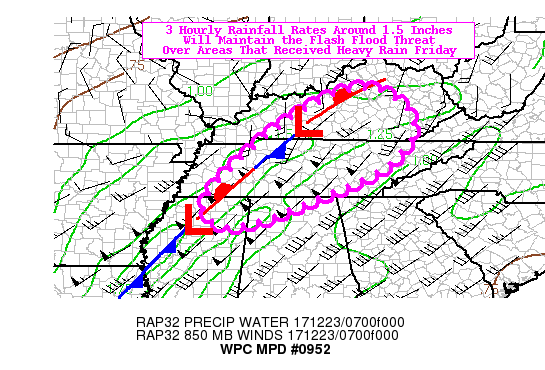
AREAS AFFECTED......NORTHEAST MS...NORTHERN AL...TN...KY...

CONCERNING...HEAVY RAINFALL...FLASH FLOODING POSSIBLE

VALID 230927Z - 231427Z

SUMMARY...ADDITIONAL SHOWERS AND EMBEDDED THUNDERSTORMS WILL
PRODUCE LOCALLY HEAVY RAINFALL EARLY THIS MORNING ACROSS AREAS
WITH LOW FLASH FLOOD GUIDANCE, THEREBY MAINTAINING THE THREAT FOR
FLASH FLOODING THROUGH 14Z.

DISCUSSION...THE LATEST MRMS LOOPS CONTINUE TO SHOW POCKETS OF
HOURLY RAINFALL RATES BETWEEN 0.50-1.00, WITH 3 HOURLY RATES NEAR
1.5 INCHES, ASSOCIATED WITH THE EXPANSIVE AREA OF SHOWERS AND
THUNDERSTORMS. INHIBITING HIGHER RATES CONTINUES TO BE THE
RELATIVE LACK OF DEEP-LAYER INSTABILITY, AS MUCAPES CONTINUE TO
REMAIN BELOW 500 J/KG PER THE LATEST SPC MESOANALYSIS. HELPING TO
OFFSET THE LIMITED CONVECTIVE CONTRIBUTION IS ROBUST SYNOPTIC
SCALE FORCING FOR DEEP LAYER ASCENT, OWING TO THE COUPLED UPPER
LEVEL DYNAMICS VIA NORTHERN AND SOUTHERN STREAM COMPONENTS.

THE VIGOROUS SOUTHERN STREAM WAVE CONTINUES TO SUPPLY RICH
MOISTURE TO THE OUTLOOK AREA, AS LOW-LEVEL SOUTHWESTERLY FLOW
50-55 KTS MAINTAINS HIGHLY ANOMALOUS LOW-LEVEL MOISTURE FLUX INTO
THE FRONTAL ZONE. IN ADDITION, THE LOW-LEVEL MOISTURE CONTRIBUTION
FORM THE WESTERN GULF OF MEXICO ALONG WITH THE SUBTROPICAL
CONNECTION ALOFT FROM SOUTH OF BAJA WILL FAVOR EQUALLY ANOMALOUS
PW VALUES AROUND 1.5 INCHES PRIOR TO THE FRONTAL PASSAGE.

PER THE LATEST HRRR TRENDS, SUPPORTED BY THE 00Z WRF-ARW AND AR2
GUIDANCE, 3 HOURLY RAINFALL RATES UP TO 1.5 INCHES WILL REMAIN
POSSIBLE THROUGH 14Z. THEREAFTER, THE MORE RAPID MOVEMENT OF THE
SOUTHERN STREAM SHORTWAVE WILL TOO RESULT IN AN SWIFTER EASTWARD
PROGRESSION OF THE STRONGER CELLS. GIVEN THE ANTECEDENT WET SOILS
FROM FRIDAY'S HEAVY RAINFALL, THESE POCKETS OF HEAVIER RAINFALL
MAY LEAD TO ADDITIONAL FLASH FLOODING.